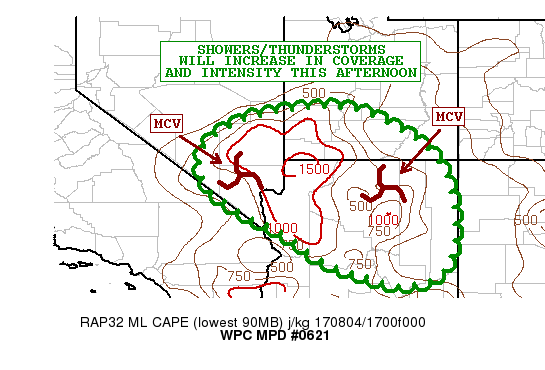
AREAS AFFECTED...SOUTHEAST NV...SOUTHERN UT...CENTRAL/NORTHERN AZ

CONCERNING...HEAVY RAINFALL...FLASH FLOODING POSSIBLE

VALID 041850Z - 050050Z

SUMMARY...SLOW-MOVING SHOWERS AND THUNDERSTORMS WITH LOCALLY HEAVY
RAINFALL RATES OF UP TO 2 INCHES/HR ARE EXPECTED. SOME FLASH
FLOODING WILL BE POSSIBLE.

DISCUSSION...THE LATEST GOES-16 0.64 MICRON/VIS IMAGERY SHOWS A
VERY WELL-DEFINED MCV OVER SOUTHEAST NV TO THE NORTHWEST OF LAS
VEGAS AND JUST EAST OF DESERT ROCK. THE MCV IS ALREADY HELPING TO
FOCUS SLOW-MOVING CONVECTION OVER THE NORTHERN PARTS OF CLARK
COUNTY. THE ENERGY IS EMBEDDED WITHIN A BROADER AREA OF MID LEVEL
VORTICITY THAT STRETCHES FROM SOUTHEAST NV EAST ACROSS SOUTHERN UT
AND ESPECIALLY CENTRAL/NORTHERN AZ WHERE THERE IS PROXIMITY OF
ANOTHER MCV TO THE EAST OF THE GRAND CANYON.

THE BROADER MID LEVEL VORTICITY COUPLED WITH STRONG DIURNAL
HEATING...OROGRAPHICS AND A MOIST VERTICAL COLUMN ASSOCIATED WITH
1.5 TO 1.7 INCH PWATS IS EXPECTED TO RESULT IN AN EXPANDING AREA
OF SCATTERED SHOWERS AND THUNDERSTORMS. ALREADY MLCAPE VALUES OVER
PARTS OF NV/AZ/UT TRI-STATE AREA ARE APPROACHING 2000 J/KG AND
THIS WILL BE CONDUCIVE FOR SOME LOCALLY VIGOROUS CONVECTIVE
GROWTH. THE MEAN STEERING FLOW IS QUITE WEAK OVER THE REGION AND
SO THE CONVECTIVE CELLS WILL BE QUITE SLOW MOVING. THIS COUPLED
WITH RAINFALL RATES OF UP TO 2 INCHES/HR WILL LIKELY RESULT IN
SOME LOCALLY ENHANCED FLASH FLOODING CONCERNS.

THE LATEST HRRR/HRRRX GUIDANCE SUPPORTS SOME SPOTTY 2 TO 3 INCH
TOTALS...AND SOME ISOLATED HEAVIER AMOUNTS CANNOT BE RULED OUT
GIVEN THE SLOW CELL MOTION. THE MORE SENSITIVE AREAS TO
RUNOFF/FLASH FLOODING WILL AGAIN BE THE AREA DRY WASHES/ARROYOS
AND ANY STEEP TERRAIN ALONG WITH ADJACENT SLOT CANYONS. WILL
CONTINUE TO MONITOR.